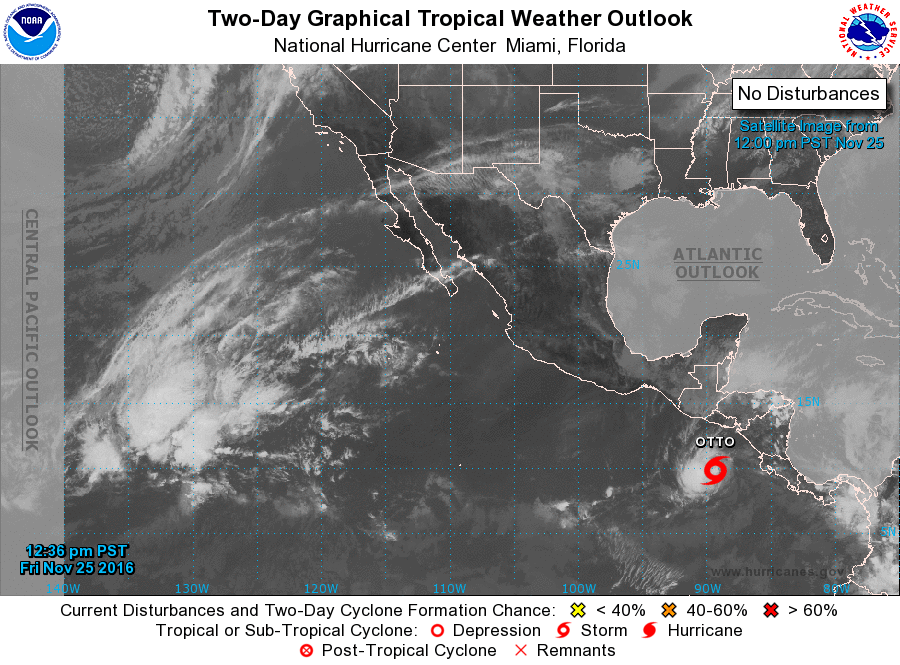
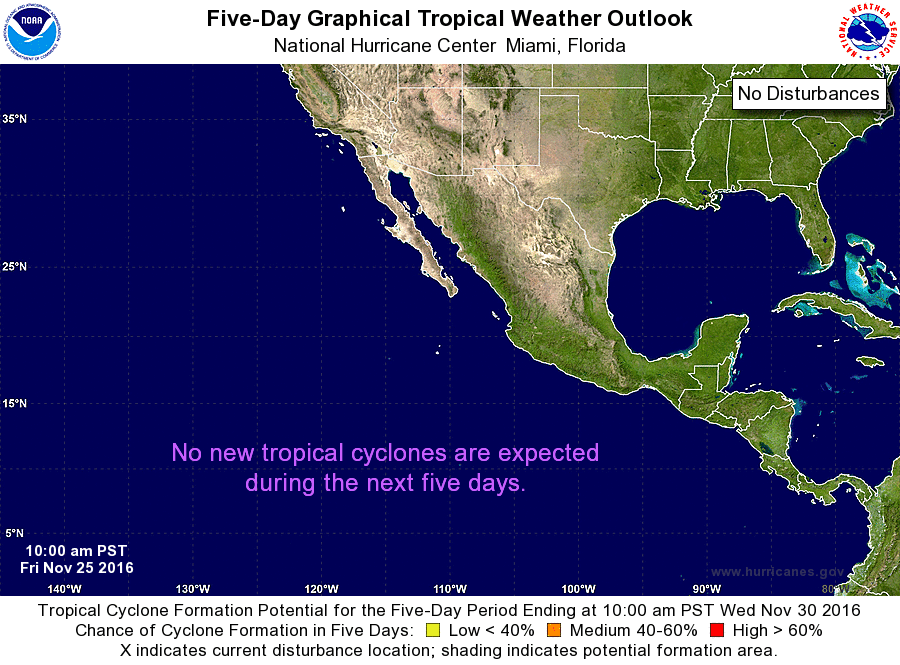
For the eastern North Pacific...east of 140 degrees west longitude:

The National Hurricane Center is issuing advisories on Tropical Storm Otto, located over the far eastern North Pacific basin.

Tropical cyclone formation is not expected during the next 5 days.

&&
East Pacific Public Advisories on Otto are issued under WMO header WTPZ32 KNHC and under AWIPS header MIATCPEP2. East Pacific Forecast/Advisories on Otto are issued under WMO header WTPZ22 KNHC and under AWIPS header MIATCMEP2.

Forecaster Stewart